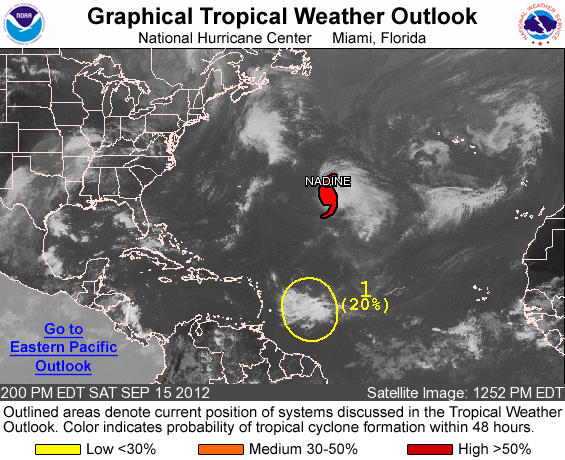
FOR THE NORTH ATLANTIC...CARIBBEAN SEA AND THE GULF OF MEXICO...

THE NATIONAL HURRICANE CENTER IS ISSUING ADVISORIES ON HURRICANE NADINE...LOCATED ABOUT 880 MILES EAST OF BERMUDA.

1. A BROAD AND ELONGATED AREA OF LOW PRESSURE HAS FORMED IN ASSOCIATION WITH THE TROPICAL WAVE LOCATED ABOUT 600 MILES EAST OF THE WINDWARD ISLANDS. THE ASSOCIATED SHOWERS AND THUNDERSTORMS REMAIN DISORGANIZED...AND SIGNIFICANT DEVELOPMENT IS NOT ANTICIPATED AS THE WAVE MOVES WESTWARD AT 10 TO 15 MPH DURING THE NEXT COUPLE OF DAYS. THIS SYSTEM HAS A LOW CHANCE...20 PERCENT...OF BECOMING A TROPICAL CYCLONE DURING THE NEXT 48 HOURS. LOCALLY HEAVY RAINS AND SQUALLS WILL LIKELY AFFECT PORTIONS OF THE LESSER ANTILLES ON SUNDAY AND MONDAY.

ELSEWHERE...TROPICAL CYCLONE FORMATION IS NOT EXPECTED DURING THE NEXT 48 HOURS.

FORECASTER BERG